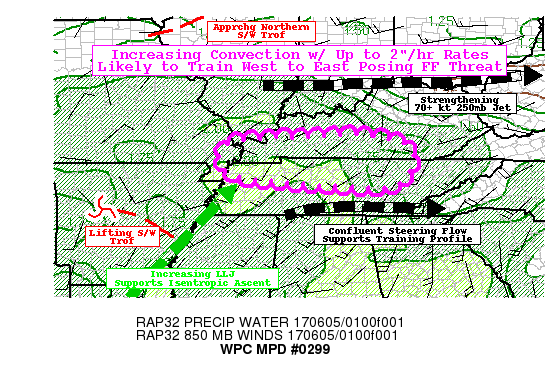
AREAS AFFECTED...SOUTHERN KY...NORTHERN TN...MO BOOTHEEL

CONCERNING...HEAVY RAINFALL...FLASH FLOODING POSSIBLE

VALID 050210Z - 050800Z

SUMMARY...INCREASING CONVECTION CAPABLE OF 2"/HR LIKELY TO TRAIN
EASTWARD ACROSS TN VALLEY OVERNIGHT POSING FLASH FLOOD THREAT.

DISCUSSION...GOES-E WV DENOTES MCV FROM EARLY GULF COAST MCS HAS
LIFTED NORTHWARD INTO CENTRAL AR WITHIN BEST RIDGING ON NORTHEAST
SIDE OF PARENT DOMINANT CONSOLIDATED UPPER LOW OVER W TX ATTM.
ADDITIONALLY A SHEARING SHORTWAVE ACROSS THE WESTERN GREAT LAKES
IS DESCENDING SOUTH LEADING TO INCREASED CONFLUENT FLOW ACROSS THE
TN VALLEY...HELPING TO FOCUS FLOW AND SETTING UP A NARROW CORRIDOR
FOR TRAINING CONVECTION TO SETUP.  ADDITIONALLY THE STRENGTHENING
JET AND ORIENTATION WITH THE SHORTWAVE IS ENHANCING SWLY LLJ
ACROSS THE LOWER MS RIVER VALLEY TRANSPORTING DEEPLY SATURATED
PROFILE PER 00Z LZK ROABS WITH TPS OVER 2.0" ADVECTING INTO SW TN
ATTM.  WHILE LAPSE RATES ARE NEAR MOIST ADIABATIC...THERE IS
SUFFICIENT INSTABILITY ACROSS THE SOURCE REGION WITH 1000-1500
J/KG OF MUCAPE AVAILABLE.  AT THE LEADING EDGE OF THIS INCREASED
LLJ THERE IS SUFFICIENT DEEP LOW LEVEL MST CONVERGENCE FOR BROAD
ISENTROPIC ASCENT FROM SE MO ACROSS TO TN. ONE OF THE GREATEST
QUESTIONS THROUGH THE AFTERNOON HOURS (BASED ON HI-RES CAMS AND
OBSERVATIONS) WAS THE TIMING OF CONVECTIVE DEVELOPMENT...RECENT
GOES-16 EXPERIMENTAL EIR AND RADAR MOSAIC SEEMS TO PRESENT THE
CASE FOR SLIGHTLY EARLIER THAN EXPECTED AS NUMEROUS SMALL CORES
ARE POPPING UP ACROSS SW KY ATTM EVEN A FEW HOURS EARLIER THAN
RECENT HRRR RUNS.

GIVEN THE TIMING OF THE ACTIVATION IS A BIT FASTER THAN THE
FOCUSING DYNAMICS FURTHER N ...CONVECTION MAY BE A BIT
DISORGANIZED INITIALLY BUT WILL INCREASE IN FOCUS.  STILL IN THE
NEAR TERM...PROPAGATION VECTORS AND MEAN CELL MOTIONS ARE
GENERALLY WEAK WITH A SLOW EASTWARD TRACK...POTENTIALLY
EXACERBATING AREAS AFFECTED BY MORE THERMODYNAMICALLY DRIVEN
RAINFALL OVER THE LATE EVENING HOURS...FURTHER COMPLICATING
FLOODING CONCERNS.   HOWEVER...WITH INCREASING CONVECTIVE COVERAGE
AND CONFLUENT STEERING LEVEL FLOW...TRAINING IS LIKELY THROUGH THE
OVERNIGHT HOURS ALONG THE KY/TN BORDER.  WITH RAIN RATES UP TO
2"/HR...THIS MAY LEAD TO LARGER AREAL COVERAGE OF FLASH FLOODING
CONDITIONS WITH 2-3" EXPECTED THROUGH 08Z WITH ISOLATED TOTALS
NEARING 4" POSSIBLE FALLING IN LINE WITH RECENT FEW RUNS OF THE
OPERATIONAL HRRR.